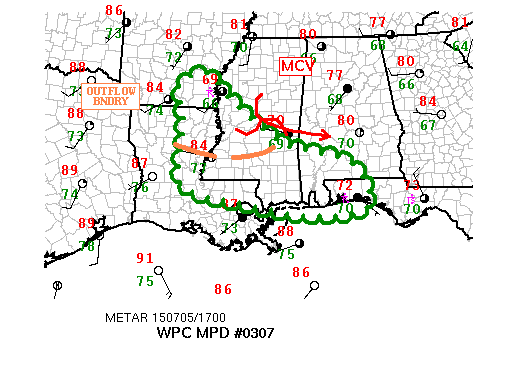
AREAS AFFECTED...SERN ARKANSAS...NERN LOUISIANA TOWARD THE WRN
FLORIDA PANHANDLE

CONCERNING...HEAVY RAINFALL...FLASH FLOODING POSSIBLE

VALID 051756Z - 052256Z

SUMMARY...THE FLASH FLOOD THREAT WILL CONTINUE FOR THE REMAINDER
OF THE AFTERNOON FOR PORTIONS OF THE LOWER MISSISSIPPI VALLEY AND
THE CNTRL GULF COAST WHERE VERY HEAVY RAINFALL RATES WILL BE
POSSIBLE. THE THREAT IS EXPECTED TO BE SOMEWHAT SHORT TERM BEFORE
OUTFLOW SWEEPS INTO THE GULF.

DISCUSSION...17Z OBSERVATIONS SHOWED AN MCV FROM EARLY MORNING
CONVECTION THAT WAS TRACKING EWD ACROSS CNTRL MISSISSIPPI ALONG
WITH A RELATED OUTFLOW BOUNDARY EXTENDING WEST-EAST ACROSS N-CNTRL
LOUISIANA INTO MISSISSIPPI. REGIONAL RADAR CONTINUED TO SHOW
REGENERATING CONVECTION ACROSS SERN ARKANSAS WHICH IS THE
IMMEDIATE FLASH FLOOD THREAT...BUT CONVECTION FOR THIS REGION IS
EXPECTED TO SUBSIDE OVER THE NEXT HOUR OR SO AS AN UPPER LEVEL
TROUGH AXIS OVER THE REGION PROGRESSES EWD.

THE FLASH FLOOD FOCUS IS SHIFTING TO THE SOUTH...NEAR A
CONVECTIVELY INDUCED MESO-LOW AND ENHANCED LOW LEVEL FLOW ACROSS
SRN MISSISSIPPI...WHERE LOW LEVEL CONFLUENCE AND UNIDIRECTIONAL
WLY FLOW ARE PRESENT. UPPER DIFFLUENCE SHOULD REMAIN PRESENT
ACROSS THE GULF COAST HELPING TO ENHANCE LIFT. 17Z GPS PWAT VALUES
FROM NEW ORLEANS LOUISIANA AND MOBILE ALABAMA SHOWED 2.05 AND 2.17
INCHES RESPECTIVELY...WHICH SHOULD ALLOW FOR EFFICIENT RAINFALL
RATES. ALTHOUGH PORTIONS OF THE CNTRL GULF COAST HAVE SEEN BELOW
AVERAGE RAINFALL OVER THE PAST WEEK...SOME OF THE HI-RES MODELS
SHOWED POTENTIAL FOR 4-5 INCHES IN A FEW SPOTS ACROSS NERN
LOUISIANA...SRN MISSISSIPPI AND ALONG THE CNTRL GULF COAST BY 22Z.
AFTERWARD...THE OUTFLOW BOUNDARY IS EXPECTED TO SWEEP SWD INTO THE
GULF...BUT THERE ARE SOME HINTS THAT CONVECTION MAY HANG UP ALONG
THE WRN END OF THE OUTFLOW BEYOND 22Z NEAR THE CNTRL
LOUISIANA/MISSISSIPPI BORDER...CONTINUING A FLASH FLOOD THREAT.